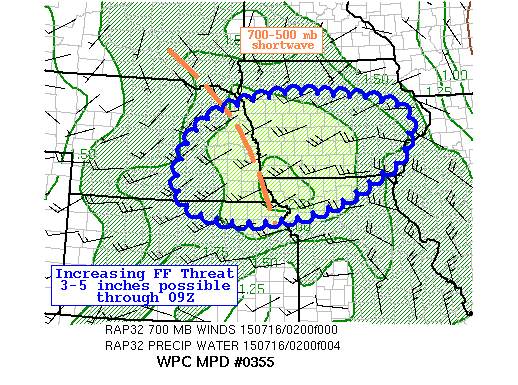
AREAS AFFECTED...PORTIONS OF THE CNTRL MISSOURI RIVER VALLEY INTO
CNTRL IOWA

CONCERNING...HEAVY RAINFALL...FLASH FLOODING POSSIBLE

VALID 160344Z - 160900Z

SUMMARY...AN INCREASING FLASH FLOOD THREAT WILL EXIST ACROSS PARTS
OF SERN NEBRASKA...NWRN MISSOURI INTO IOWA THROUGH 09Z. RAINFALL
RATES OF 1-2 IN/HR WITH LOCALLY 3-5 INCHES ARE EXPECTED THROUGH
09Z.

DISCUSSION...RADAR IMAGERY FROM 03Z SHOWED AN EXPANDING NUMBER OF
THUNDERSTORMS IN THE VICINITY OF SERN NEBRASKA WITH KOAX DUAL POL
ESTIMATES OF 1-2 IN/HR WITHIN THE STRONGER CORES. 00Z RAOB DATA
SUPPORTED A 700-500 MB SHORTWAVE OVER N-CNTRL NEBRASKA...FORECAST
TO MOVE ENE OVER THE NEXT SEVERAL HOURS. 00Z TOP SOUNDING SHOWED
3700 J/KG CAPE WHILE ONLY 600 J/KG REPORTED AT OAX...BUT WITH BOTH
LOCATIONS HAVING VEERING WIND PROFILES IN THE SFC - 600 MB LAYER
AS THEY ARE LOCATED JUST NORTH OF A STATIONARY FRONT WHICH
EXTENDED SEWD ACROSS KANSAS AT 03Z. CONVECTION WAS OCCURRING DUE
TO OVERRUNNING FLOW ACROSS THE FRONT WITH PLENTY OF MOISTURE
PRESENT...AS BLENDED TPW PRODUCT AND GPS SITES AVERAGED ABOUT 1.75
INCHES FOR THE THREAT AREA AT 03Z.

AS THE AFOREMENTIONED SHORTWAVE MOVES ENEWD ACROSS THE PLAINS
THROUGH 09Z...RAP FORECAST WINDS IN THE 850-700 MB LAYER BECOME
MORE ALIGNED FROM THE SOUTHWEST...WHILE STRENGTHENING AN
ADDITIONAL 10-15 KTS FROM THEIR PRESENT MAGNITUDE OF 25-30 KTS.
THIS DIRECTION BECOMES MORE PARALLEL WITH OBSERVED INDIVIDUAL
STORM MOTIONS TOWARD THE NORTHEAST...ALLOWING FOR A SETUP
CONDUCIVE TO TRAINING. WHILE A CONSENSUS OF THE LATEST CAM
GUIDANCE SUPPORTS A FLASH FLOOD THREAT INTO IOWA THROUGH
09Z...RECENT RUNS OF THE OPERATIONAL HRRR SEEM TO BE HANDING THE
EVOLVING SITUATION THE BEST...ALTHOUGH DELAYED. THESE MODELS
SUPPORT AN AVERAGE OF 3-5 INCHES ACROSS PORTIONS OF CNTRL/SRN IOWA
INTO NWRN MISSOURI...WHICH MAY ALLOW FOR FLASH FLOOD CONCERNS
GIVEN FFG VALUES ARE ONLY 2-3 INCHES IN 3 HOURS.